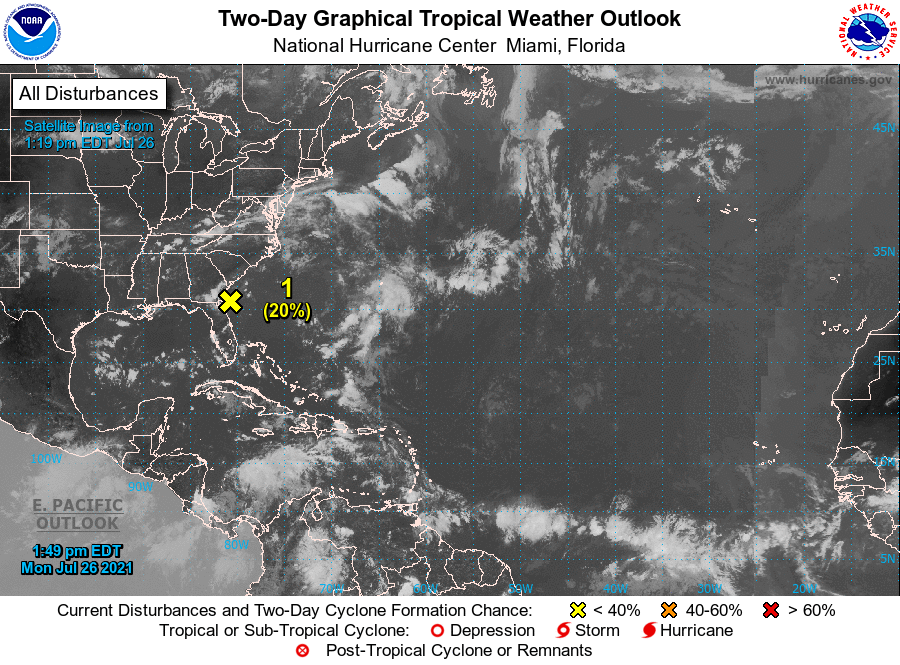
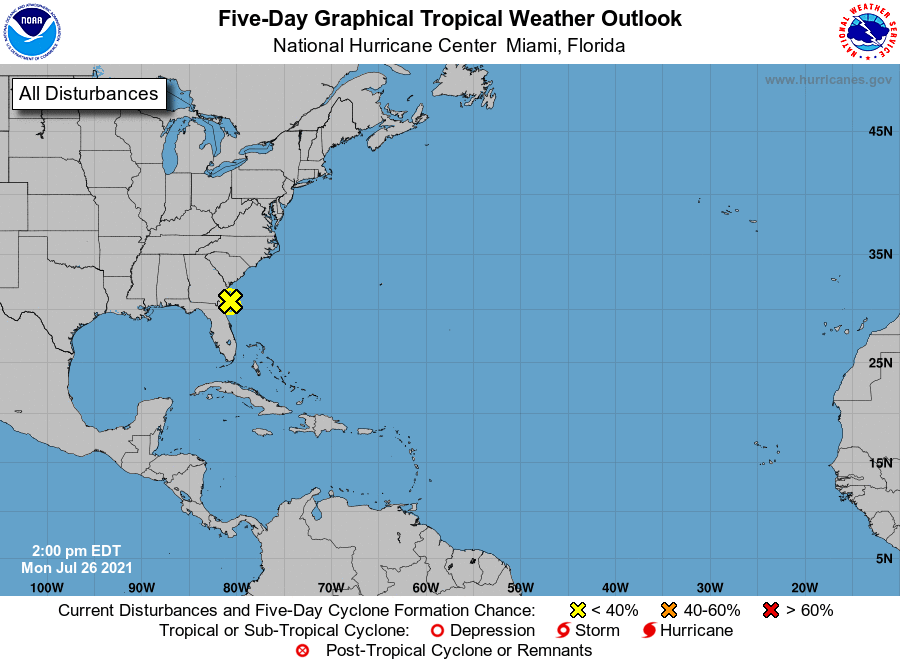
For the North Atlantic...Caribbean Sea and the Gulf of Mexico:

1. Satellite images and radar data indicate that shower and thunderstorm activity associated with a weak low pressure system located a short distance east of the southeastern Georgia coast remains disorganized and limited in coverage. Development of this system is no longer likely before the low moves inland over the Georgia coast later today or tonight. Locally heavy rainfall is possible over portions of the northeastern Florida and Georgia coasts through tonight.
* Formation chance through 48 hours...low...20 percent.
* Formation chance through 5 days...low...20 percent.

Forecaster Pasch